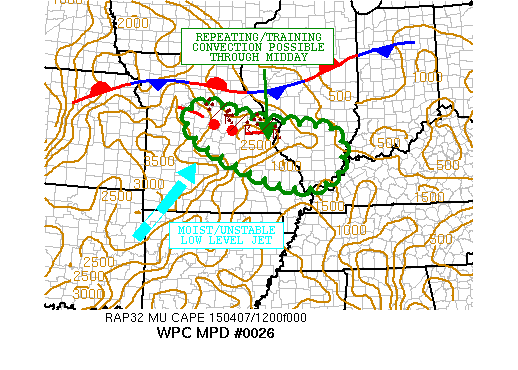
AREAS AFFECTED...CENTRAL AND EASTERN MO...SOUTHERN IL

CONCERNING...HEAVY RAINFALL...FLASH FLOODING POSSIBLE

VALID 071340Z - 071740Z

SUMMARY...SLOW-MOVING MCS WILL FOSTER SOME FLASH FLOOD POTENTIAL
OVER THE NEXT FEW HOURS DUE TO POTENTIAL FOR INTENSE AND REPEATING
CELLS.

DISCUSSION...MORNING IR SAT IMAGERY SHOWS COLD-TOPPED CONVECTION
WITH OCCASIONAL OVERSHOOTING TOPS IMPACTING PORTIONS EAST-CENTRAL
MO. THE ACTIVITY IS SOMEWHAT ELEVATED IN NATURE JUST TO THE
NORTHEAST OF A WEAK SURFACE COLD POOL OVER NORTH-CENTRAL MO...AND
IS BEING ASSISTED BY THE NOSE OF AN ACTIVE SOUTHWESTERLY LOW LEVEL
JET ON THE ORDER OF 40 KTS. THE ATMOSPHERE IS MODERATELY UNSTABLE
TOO WITH MUCAPE VALUES EXCEEDING 2000 J/KG IN VICINITY OF THE
LEADING EDGE OF THE COLD POOL AND THIS IS SUPPORTING THE REPEAT
NATURE OF SOME OF THE CONVECTIVE CELLS ALONG THE SOUTHERN FLANK OF
THE MCS.

THE 06Z NAM-CONEST...00Z WRF-ARW AND 00Z WRF-NMMB ALL APPEAR TO
HAVE A RELATIVELY GOOD HANDLE ON THE CURRENT ACTIVITY.
HOWEVER...THE MODELS MAY BE PROPAGATING THE MCS A BIT TOO
PROGRESSIVELY TO THE SOUTHEAST...AS THE LATEST RADAR/SAT IMAGERY
WOULD SUGGEST ADDITIONAL POTENTIAL FOR BACK-BUILDING AND REPEATING
OF CELLS. GIVEN THE INSTABILITY POOL OVER SOUTHWEST MO ADVANCING
NORTHEAST INTO THE AFOREMENTIONED FRONT...IT WOULD APPEAR LIKELY
FOR CONVECTION TO SUSTAIN ITSELF ALONG THE SOUTHERN FLANK OF THE
MCS. ALTHOUGH GRADUALLY THE CONVECTION SHOULD EXTEND FARTHER
SOUTHEAST AND ADVANCE INTO SOUTHERN IL WHERE A BIT STRONGER
FORWARD PROPAGATION IS EXPECTED.

HEAVY RAINFALL RATES OF 1 TO 2 INCHES/HR ARE POSSIBLE...AND WITH
POTENTIAL FOR REPEATING CELLS OVER THE NEXT FEW HOURS...SO CONCERN
FOR AT LEAST LOCALIZED FLASH FLOODING EXISTS.